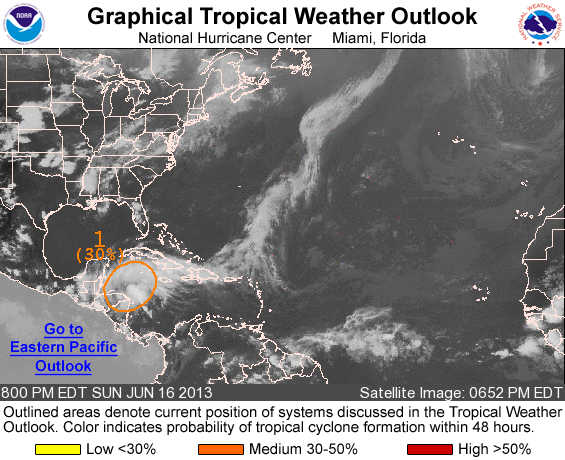
FOR THE NORTH ATLANTIC...CARIBBEAN SEA AND THE GULF OF MEXICO...

1. A LARGE AREA OF CLOUDINESS AND THUNDERSTORMS OVER PORTIONS OF CENTRAL AMERICA AND THE NORTHWEST CARIBBEAN SEA ARE ASSOCIATED WITH A TROPICAL WAVE. THIS SYSTEM HAS CHANGED LITTLE IN ORGANIZATION THIS AFTERNOON...HOWEVER SOME DEVELOPMENT IS POSSIBLE OVER THE NORTHWEST CARIBBEAN SEA BEFORE THE SYSTEM MOVES INLAND OVER BELIZE AND THE YUCATAN PENINSULA MONDAY AFTERNOON. THIS DISTURBANCE HAS A MEDIUM CHANCE...30 PERCENT...OF BECOMING A TROPICAL CYCLONE DURING THE NEXT 48 HOURS. REGARDLESS OF DEVELOPMENT...HEAVY RAINS AND GUSTY WINDS ARE LIKELY OVER PORTIONS OF HONDURAS...GUATEMALA... BELIZE...AND THE YUCATAN PENINSULA DURING THE NEXT DAY OR SO.

ELSEWHERE...TROPICAL CYCLONE FORMATION IS NOT EXPECTED DURING THE NEXT 48 HOURS.

FORECASTER BROWN